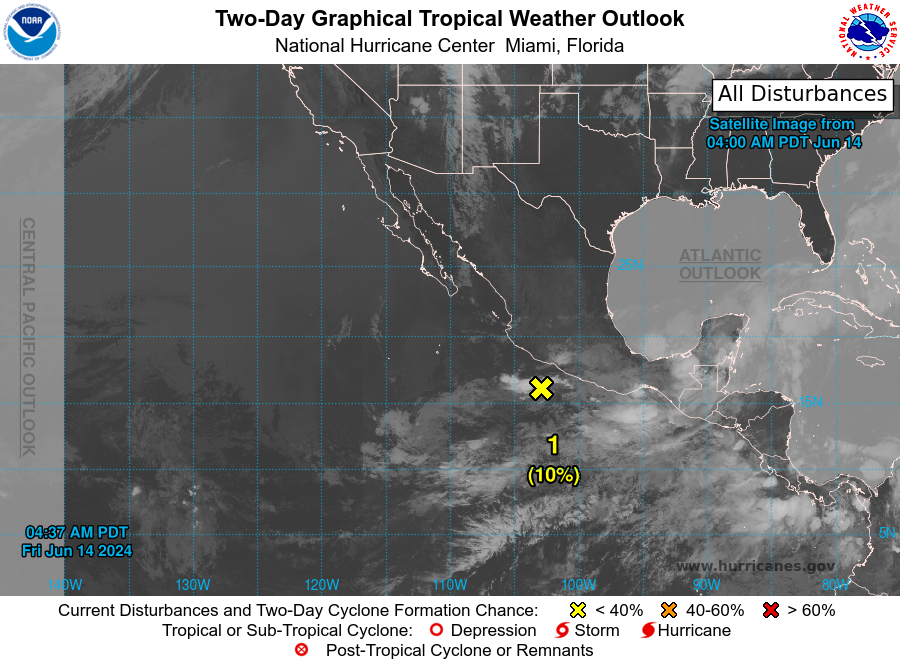
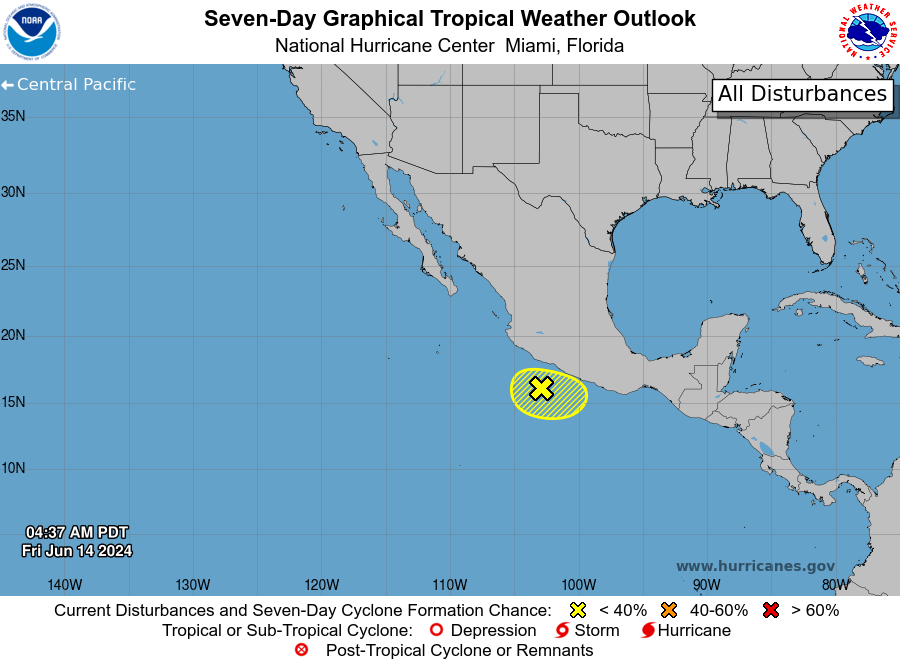
For the eastern North Pacific...east of 140 degrees west longitude:

1. Offshore of Southern Mexico: An area of low pressure located a couple of hundred miles southwest of Acapulco, Mexico, is producing limited shower and thunderstorm activity. Further development of this system is becoming unlikely, as the system interacts with a broader circulation that is forecast to develop offshore of southern Mexico and Central America early next week.
* Formation chance through 48 hours...low...10 percent.
* Formation chance through 7 days...low...10 percent.

Forecaster Kelly